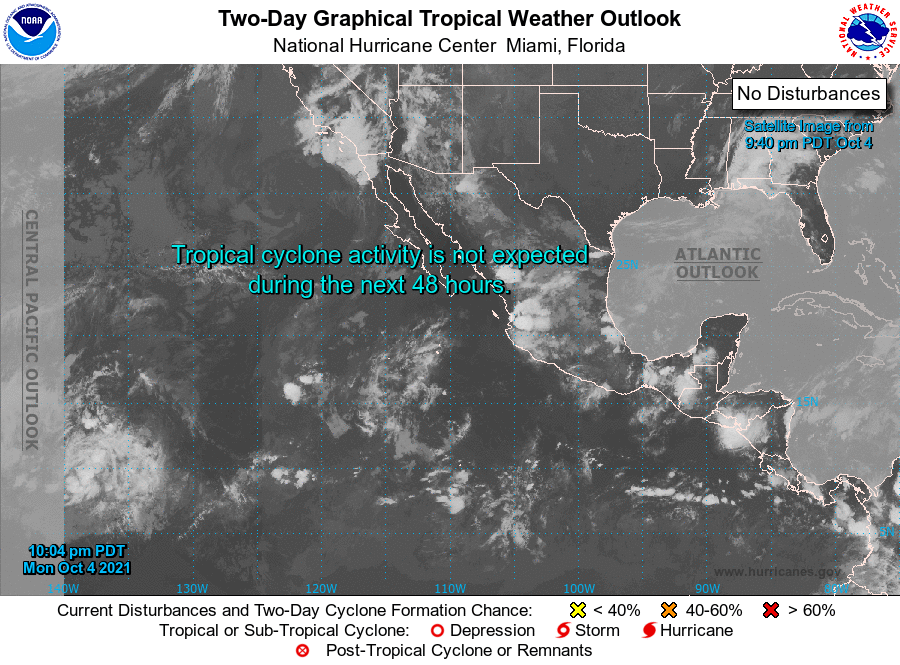
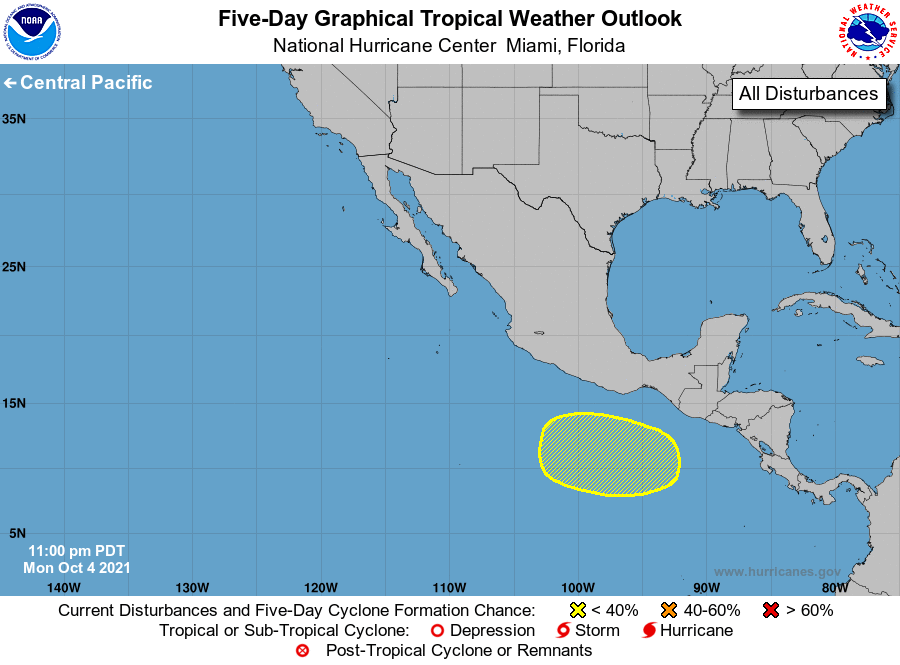
For the eastern North Pacific...east of 140 degrees west longitude:

1. An area of low pressure could form south of the southern coast of Mexico in a few days. Gradual development of the system will be possible beginning late this week or early this weekend while the system moves westward to west-northwestward.
* Formation chance through 48 hours...low...near 0 percent.
* Formation chance through 5 days...low...30 percent.

Forecaster Stewart